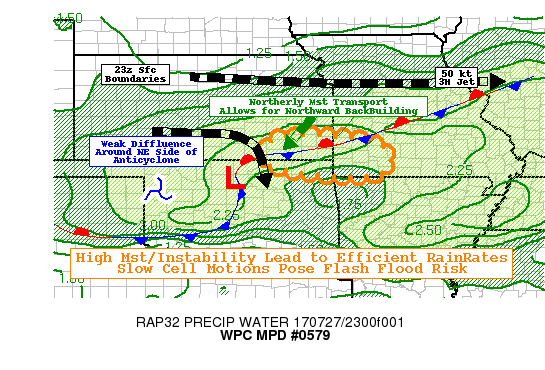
AREAS AFFECTED...SOUTHEAST KS...NORTHEAST OK...SOUTHWEST MO

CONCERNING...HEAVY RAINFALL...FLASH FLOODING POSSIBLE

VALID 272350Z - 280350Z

SUMMARY...HIGH RAINFALL EFFICIENCY AND SLOW CELL MOTIONS POSE
POSSIBLE FLASH FLOODING THREAT.

DISCUSSION...23Z SURFACE ANALYSIS SHOWS A 1010 MB LOW IN NORTH
CENTRAL OK WITH STATIONARY FRONT LAID OUT ACROSS THE SOUTHERN MOST
COUNTIES OF KS BEFORE ANGLING NE INTO SW MO.  ALONG AND SOUTH OF
THE BOUNDARY FAIRLY CLEAR SKIES ALLOWED INSTABILITY TO BUILD UP
WITH MLCAPES IN THE 2000-2500 J/KG RANGE GIVEN LOW 90S SFC T AND
LOW 70S TDS.  THE MOISTURE AXIS HOWEVER HAS BEEN LAGGING THE SFC
BOUNDARY FURTHER NORTH NEAR THE 925/850MB TROF AXIS.  NEARLY
OPPOSING LOW LEVEL FLOW REGIME AND WEAKENED CAP HAS ALLOWED FOR
CONVECTIVE DEVELOPMENT FROM WLD TO PPF AND FURTHER INDICATIONS OF
PERCOLATING TCU INTO SW MO.  THE AREA OF CONCERN IS ALSO WITHIN
WEAKLY DIFFLUENT FLOW ALOFT AT THE NORTHEASTERN EDGE OF
ANTICYCLONE SUPPORTING UPPER LEVEL ASCENT/FORCING FOR ORGANIZED
CONVECTION.

THOUGH UPPER LEVEL FLOW REGIME WOULD SUGGEST SOUTHWARD PROPAGATION
OF LINE...THE UNCHARACTERISTIC DIRECTION OF BEST MOISTURE
FLUX/CONVERGENCE SUPPORTS NORTHWARD BACKBUILDING.  AS SUCH CELLS
ARE LIKELY TO BE NEARLY STATIONARY OR SLOW EASTWARD DRIFT.  THE
OVERALL PROFILE AND MOISTURE FLUX SUPPORTS HIGHLY EFFICIENT
RAINFALL PRODUCTION WITH TPWS OVER 2.25"...EXPECT WARM CLOUD
PROCESS RAIN RATES UP TO 2.5"/HR PER HOUR.  WHILE LIMITING FACTOR
IS DRY GROUND CONDITIONS DEPICTED BY FFG VALUES OVER 3"/3HRS...THE
RATES PER HOUR AND LOCALIZED TOTALS OF 3-4" MAY EXCEED THESE
VALUES POSING AN FLASH FLOOD THREAT.